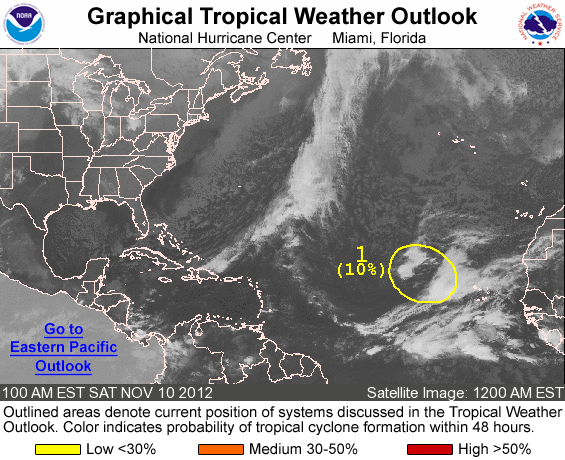
FOR THE NORTH ATLANTIC...CARIBBEAN SEA AND THE GULF OF MEXICO...

1. A WEAK SURFACE LOW LOCATED ABOUT 950 MILES WEST OF THE CAPE VERDE ISLANDS IS INTERACTING WITH A LARGER LOW PRESSURE SYSTEM IN THE MIDDLE AND UPPER LEVELS OF THE ATMOSPHERE. DISORGANIZED SHOWERS AND THUNDERSTORMS REMAIN WELL TO THE EAST OF THE SURFACE LOW DUE TO STRONG UPPER-LEVEL WINDS. THESE WINDS ARE EXPECTED TO REMAIN STRONG...AND THERE IS A LOW CHANCE...10 PERCENT...OF A TROPICAL CYCLONE FORMING FROM THIS AREA OF DISTURBED WEATHER DURING THE NEXT 48 HOURS.

ELSEWHERE...TROPICAL CYCLONE FORMATION IS NOT EXPECTED DURING THE NEXT 48 HOURS.

FORECASTER BERG